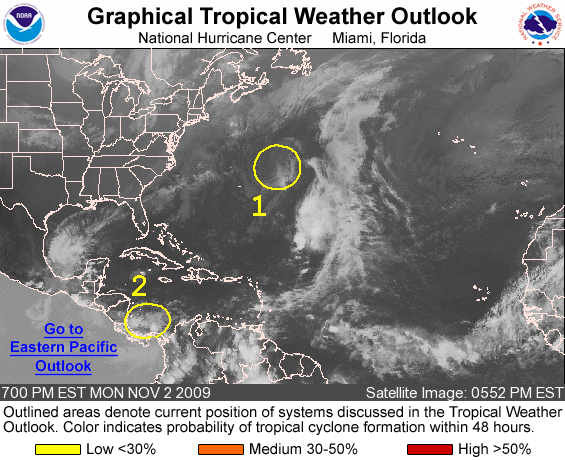
FOR THE NORTH ATLANTIC...CARIBBEAN SEA AND THE GULF OF MEXICO...

1. A NON-TROPICAL GALE CENTER LOCATED ABOUT 400 MILES EAST-NORTHEAST OF BERMUDA IS PRODUCING MINIMAL SHOWER ACTIVITY. DEVELOPMENT OF THIS SYSTEM IS NOT EXPECTED AS IT MOVES NORTH-NORTHEASTWARD OVER COOLER WATERS AND BECOMES ABSORBED BY ANOTHER AREA OF LOW PRESSURE IN A DAY OR SO. THERE IS A LOW CHANCE...LESS THAN 30 PERCENT...OF THIS SYSTEM BECOMING A TROPICAL OR SUBTROPICAL CYCLONE DURING THE NEXT 48 HOURS. FOR FURTHER INFORMATION ON THIS SYSTEM...REFER TO HIGH SEAS FORECASTS ISSUED BY THE NATIONAL WEATHER SERVICE UNDER AWIPS HEADER NFDHSFAT1 AND WMO HEADER FZNT01 KWBC.

2. SHOWER AND THUNDERSTORM ACTIVITY ASSOCIATED WITH A TROUGH OF LOW PRESSURE IN THE EXTREME SOUTHWESTERN CARIBBEAN SEA HAS CHANGED LITTLE IN ORGANIZATION OVER THE PAST FEW HOURS. SOME SLOW DEVELOPMENT IS POSSIBLE AS THIS SYSTEM MOVES VERY LITTLE OVER THE NEXT COUPLE OF DAYS. THERE IS A LOW CHANCE...LESS THAN 30 PERCENT...OF THIS SYSTEM BECOMING A TROPICAL CYCLONE DURING THE NEXT 48 HOURS.

ELSEWHERE...TROPICAL CYCLONE FORMATION IS NOT EXPECTED DURING THE NEXT 48 HOURS.

FORECASTER BERG